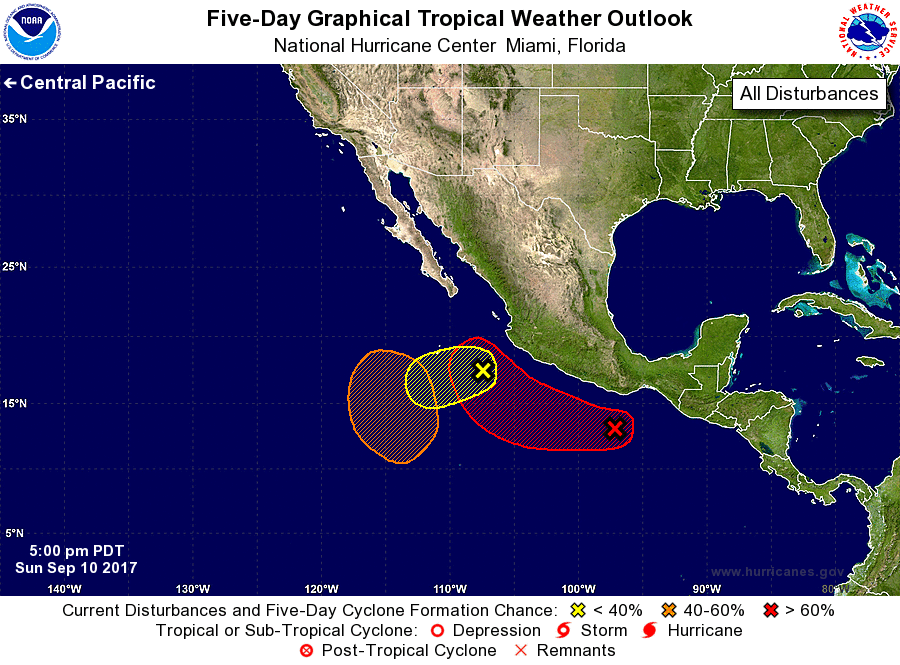
For the eastern North Pacific...east of 140 degrees west longitude:

1. An area of low pressure associated with the remnants of Katia continues to produce showers and thunderstorms a couple of hundred miles south of southwestern Mexico. Environmental conditions are not expected to be favorable for significant development as the system moves westward at about 10 mph.
* Formation chance through 48 hours...low...20 percent.
* Formation chance through 5 days...low...20 percent.

2. A trough of low pressure located a few hundred miles south of the southern coast of Mexico is producing disorganized showers and thunderstorms. Environmental conditions are expected to be conducive for development and a tropical depression is likely to form later this week while the system moves slowly northwestward.
* Formation chance through 48 hours...low...20 percent.
* Formation chance through 5 days...high...70 percent.

3. Another area of low pressure is expected to form well south of the Baja California peninsula by the middle of this week. Environmental conditions are expected to be conducive for gradual development after that time while it moves northward or northwestward.
* Formation chance through 48 hours...low...near 0 percent.
* Formation chance through 5 days...medium...60 percent.

Forecaster Zelinsky/Onderlinde